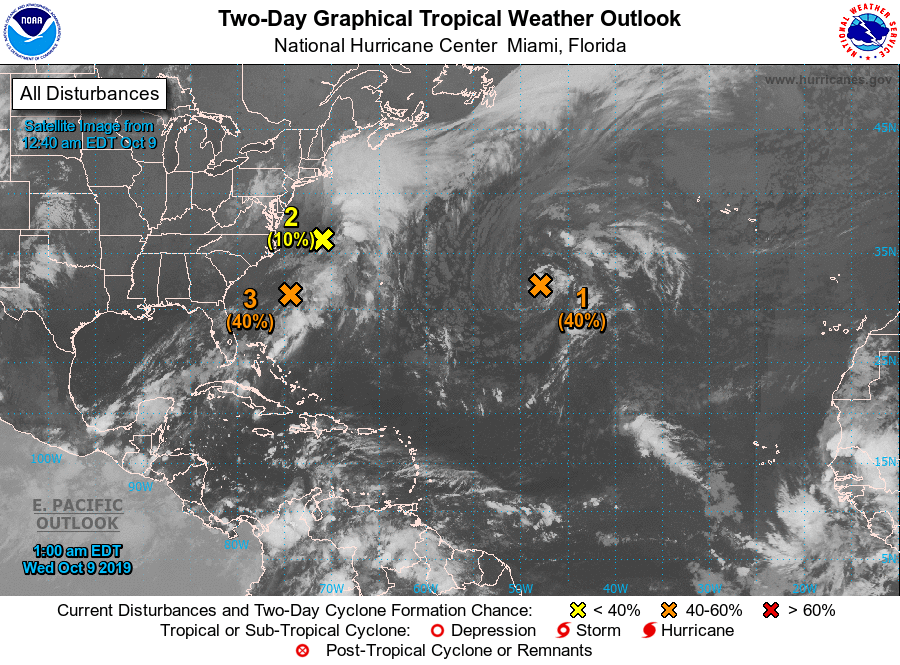
For the North Atlantic...Caribbean Sea and the Gulf of Mexico:

1. A non-tropical low pressure system located about 1000 miles east of Bermuda continues to produce winds to near gale force. This system could still become a tropical or subtropical storm while it moves slowly westward through today. However, upper-level winds are expected to become unfavorable for further development by tonight. Additional information on this system can be found in High Seas Forecasts issued by the National Weather Service.
* Formation chance through 48 hours...medium...40 percent.
* Formation chance through 5 days...medium...40 percent.

2. Cloudiness and showers located off the mid-Atlantic coast of the United States are associated with a non-tropical area of low pressure that is beginning to produce gale-force winds. This system is forecast to move northward or northeastward and strengthen as a non-tropical low off the east coast of the United States during the next day or so. This system could acquire some subtropical characteristics by the end of the week when it drifts southward offshore of the United States. Regardless of development, this system is expected to bring strong winds, coastal flooding, and rough surf to portions of the mid- Atlantic and northeastern United States coasts through late week. Additional information on this system can also be found in local products and High Seas Forecasts issued by the National Weather Service.
* Formation chance through 48 hours...low...10 percent.
* Formation chance through 5 days...low...30 percent.

3. A small area of low pressure is located about 270 miles south-southeast of Cape Hatteras, North Carolina. While the low is likely producing winds to near gale force, the associated thunderstorm activity is limited. Although upper-level winds are not particularly favorable for additional development, this system still has the potential to become a tropical depression or storm today. By tonight, the system is forecast to merge with the low off the east coast of the United States.
* Formation chance through 48 hours...medium...40 percent.
* Formation chance through 5 days...medium...40 percent.

High Seas Forecasts issued by the National Weather Service can be found under AWIPS header NFDHSFAT1, WMO header FZNT01 KWBC, and online at ocean.weather.gov/shtml/NFDHSFAT1.php

Forecaster Pasch